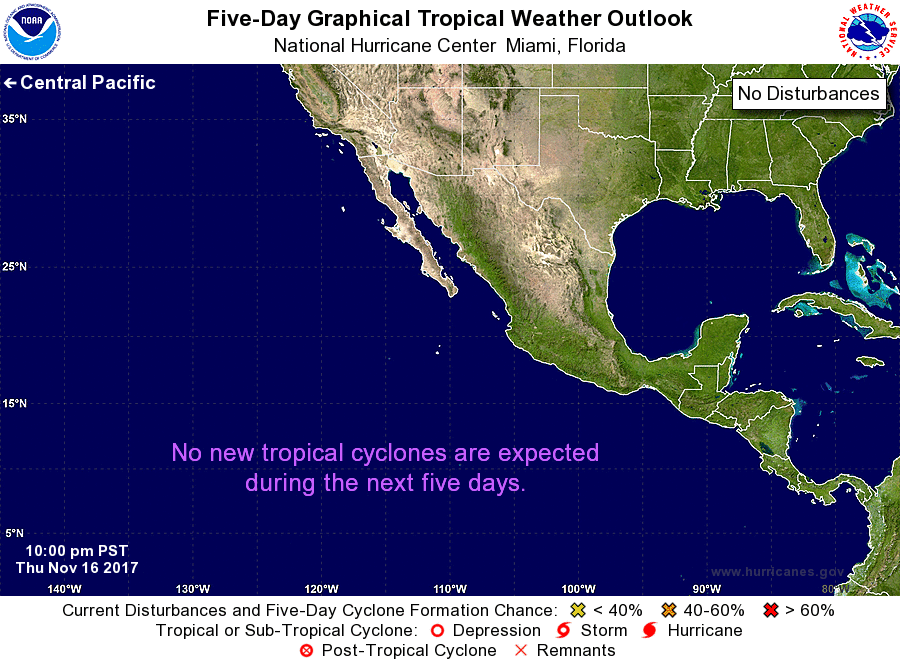
For the eastern North Pacific...east of 140 degrees west longitude:

Tropical cyclone formation is not expected during the next 5 days.

Forecaster Beven